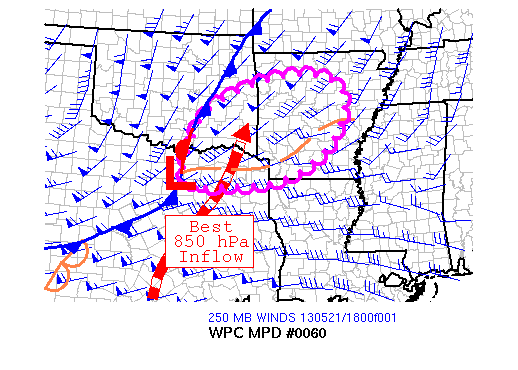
AREAS AFFECTED...SERN OK...NERN TX INTO CNTRL AR

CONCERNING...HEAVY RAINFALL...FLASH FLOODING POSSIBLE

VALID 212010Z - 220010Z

SUMMARY...A CONTINUED THREAT FOR FLASH FLOODING WILL EXIST THROUGH
THE REMAINDER OF THE EVENING AS STRONG CONVECTIVE RAINS MOVE
ACROSS A WET ANTECEDENT ENVIRONMENT.

DISCUSSION...AT 19Z...A SLOW MOVING COLD FRONT WAS ANALYZED SWD
THROUGH NERN OK INTO A 1004 MB LOW LOCATED NEAR DAL...WITH THE
COLD FRONT EXTENDING SWWD FROM THE LOW THROUGH CNTRL TX. A
WELL-DEFINED OUTFLOW BOUNDARY EXTENDED EAST OF THE LOW...ACROSS
NERN TX INTO S-CNTRL AR. RADAR IMAGERY HAS SHOWN NEARLY STATIONARY
CONVECTION IN THE VICINITY OF THIS OUTFLOW BOUNDARY OVER THE PAST
SEVERAL HOURS WITH A FORWARD PROPAGATING MCS APPROACHING FROM THE
WEST. A MID-LEVEL SHORTWAVE SEEN ON WATER VAPOR IMAGERY OVER WRN
OK WILL CONTINUE EWD THIS EVENING WITH SUBSIDENCE BEHIND THE
SHORTWAVE EXPECTED TO END THE HEAVY RAIN FROM WEST TO EAST LATER
THIS EVENING.

FLASH FLOOD GUIDANCE IS ROUGHLY 2-3 IN/3HR ACROSS MUCH OF ARKANSAS
WHILE FLASH FLOODING IS ONGOING ACROSS PORTIONS OF SERN OK. AS THE
CONVECTIVE LINE MOVES EAST ACROSS OK OVER THE NEXT FEW HOUR OR
TWO...THE FLASH FLOOD THREAT WILL CONTINUE ACROSS OK...WHILE
PROGRESSING INTO AR WITH THE APPROACH OF THE CONVECTIVE LINE THIS
EVENING. STRONG DIFLUENT FLOW ALOFT AND A CONTINUED INFLUX OF
MOISTURE FROM THE SOUTH...VIA 30-40 KT OF 850 MB FLOW AS SEEN IN
RECENT VAD WIND PROFILE IMAGERY FROM KFWS WILL CONTINUE TO SUPPORT
ADDITIONAL RAINFALL OF 2-4 INCHES THROUGH 00Z ACROSS PORTIONS OF
AR WITHIN THE THREAT AREA.